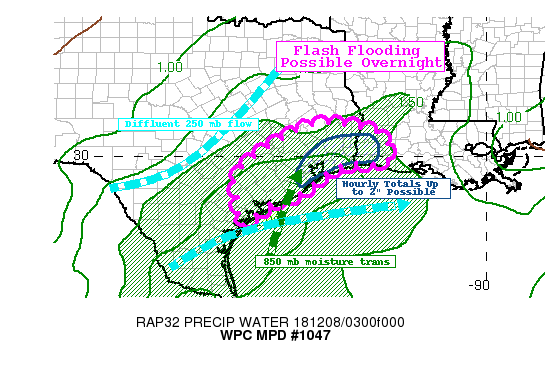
Areas affected...Coastal TX...LA

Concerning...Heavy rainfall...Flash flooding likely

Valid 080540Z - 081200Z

Summary...Hourly totals near 2" will be possible along the TX
coast into portions of southwest Louisiana. With the potential for
repeated rounds of convection, localized flash flooding is likely.

Discussion...A stationary boundary was analyzed along the Texas
coastline into southern Louisiana as of 530z. This boundary has
been the focus for several rounds of moderate to locally heavy
rainfall since earlier in the evening. At 850 mb, 30-40 kt flow
has been overrunning this boundary with an strong axis of moisture
transport (PWATs around 1.9") directed at eastern TX gulf coast
into southwest LA. Best MUCAPE is mainly confined to the coastline
but upwards of 250 J/kg does extend inland across east-central TX.
Finally, aloft there is a large area of 250 mb diffluence with a
mid/upper level wave analyzed across south-central Texas.

Recent IR satellite trends show cloud tops continuing to cool as
convection blossoms. An uptick in radar trends has also been
noted, with HGX showing hourly rates nearing 1.5" in and around
the Houston and Galveston metro areas. Surface observations around
the area indicate hourly totals of around 1-1.25" with localized
amounts 1.5 to near 2.0".

There is high consensus and agreement in the hi-res models showing
the heaviest rainfall to fall through 12z across eastern TX gulf
coast into southwest LA. Widespread totals of 2-3" are likely with
local amounts reaching 4" possible. It is concerning that the
focus in the near term is around the Houston metro, where some of
the hi-res models indicate the highest amounts could fall. This is
where flash flooding is most likely.

As such, given the expected rates and duration of the locally
heavy rainfall, inundation flooding of urban and poor drainage
areas is likely overnight.